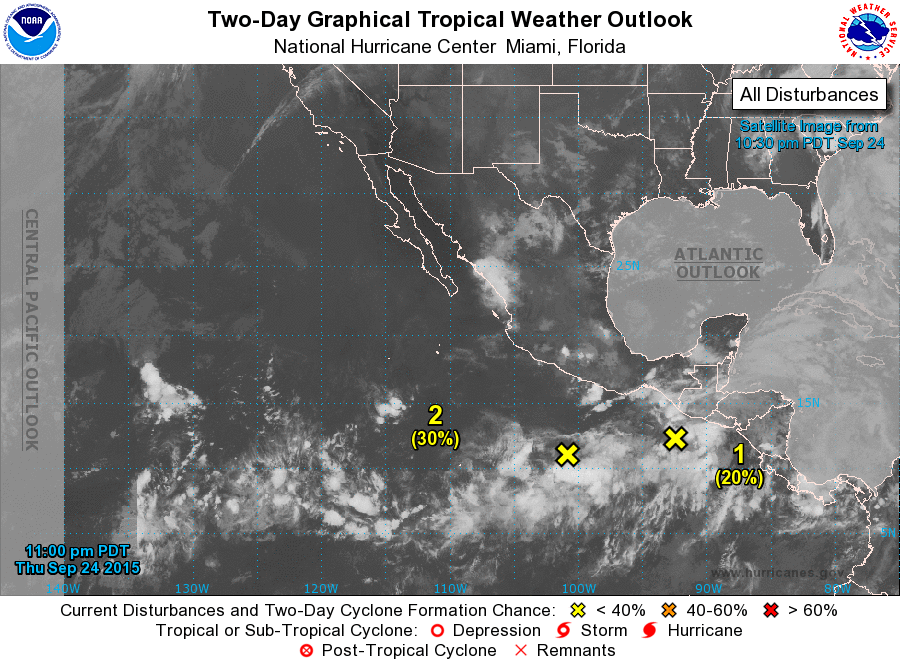
For the eastern North Pacific...east of 140 degrees west longitude:

1. A broad area of low pressure located south of the Guatemala-Mexico border is producing disorganized cloudiness and shower activity. Any development of this system is expected to be limited while it drifts northwestward during the next few days due to possible interaction with land and its proximity to a developing disturbance located to its west. Regardless of tropical cyclone development, this system could produce heavy rainfall over portions of El Salvador, southern Guatemala, and southeastern Mexico during the next few days.
* Formation chance through 48 hours...low...20 percent
* Formation chance through 5 days...low...20 percent

2. A low pressure system is expected to form during the next day or two near a large area of disorganized showers and thunderstorms located several hundred miles southwest of the Gulf of Tehuantepec. This low is likely to develop into a tropical depression by early next week and move northward or northeastward toward the southern coast of Mexico. Interests in that region should monitor the progress of this disturbance during the next several days.
* Formation chance through 48 hours...low...30 percent
* Formation chance through 5 days...high...80 percent

Forecaster Berg